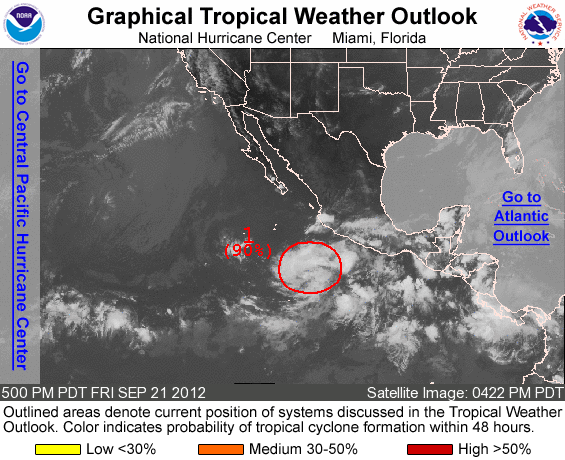
FOR THE EASTERN NORTH PACIFIC...EAST OF 140 DEGREES WEST LONGITUDE..

1. SHOWERS AND THUNDERSTORMS CONTINUE TO ORGANIZE IN ASSOCIATION WITH A LOW PRESSURE SYSTEM LOCATED ABOUT 400 MILES SOUTH-SOUTHWEST OF MANZANILLO MEXICO. THIS LOW COULD DEVELOP INTO A TROPICAL DEPRESSION LATER TODAY OR TONIGHT AS IT MOVES TOWARD THE WEST OR WEST-NORTHWEST AT ABOUT 10 MPH. THIS SYSTEM HAS A HIGH CHANCE...90 PERCENT...OF BECOMING A TROPICAL CYCLONE DURING THE NEXT 48 HOURS.

ELSEWHERE...TROPICAL CYCLONE FORMATION IS NOT EXPECTED DURING THE NEXT 48 HOURS.

FORECASTER CANGIALOSI